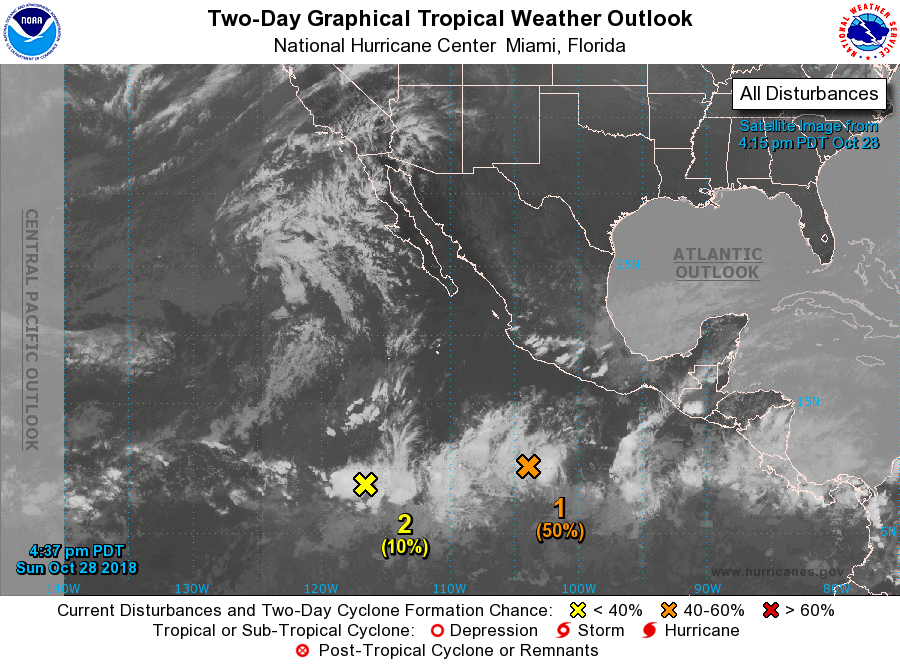
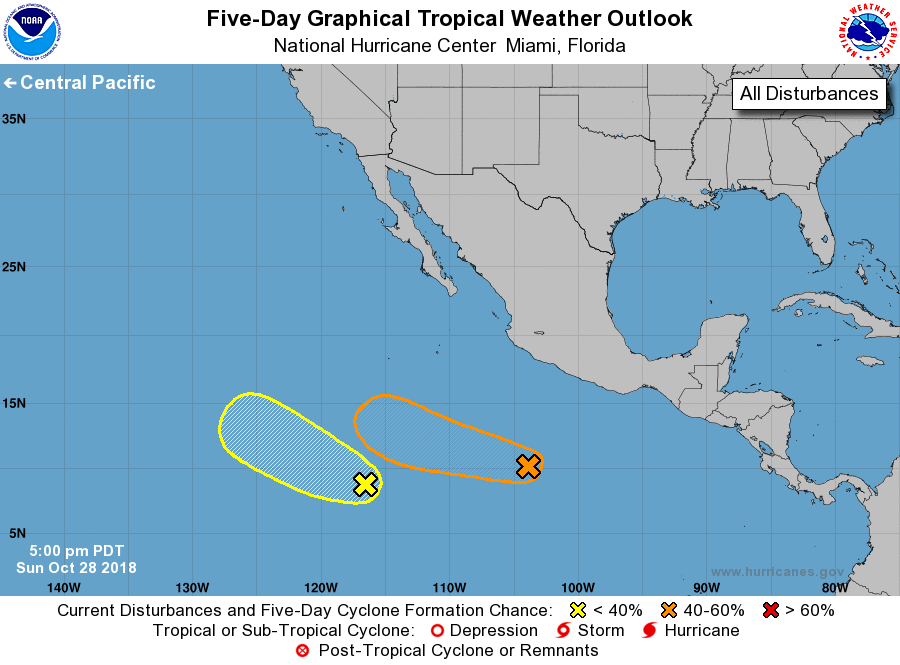
For the eastern North Pacific...east of 140 degrees west longitude:

1. Satellite data indicate that a low pressure area located several hundred miles southwest of Acapulco, Mexico, has become elongated since yesterday, with less organization of its thunderstorm activity. However, upper-level winds are still marginally conducive, and a tropical depression could form during the next couple of days while it moves westward at about 10 mph.
* Formation chance through 48 hours...medium...50 percent.
* Formation chance through 5 days...medium...60 percent.

2. An area of low pressure located about 1100 miles south-southwest of the southern tip of the Baja California peninsula continues to produce disorganized shower activity. Some slow development of this system is possible over the next several days while the low moves toward the west or west-northwest at about 10 mph.
* Formation chance through 48 hours...low...10 percent.
* Formation chance through 5 days...low...30 percent.

Forecaster Blake